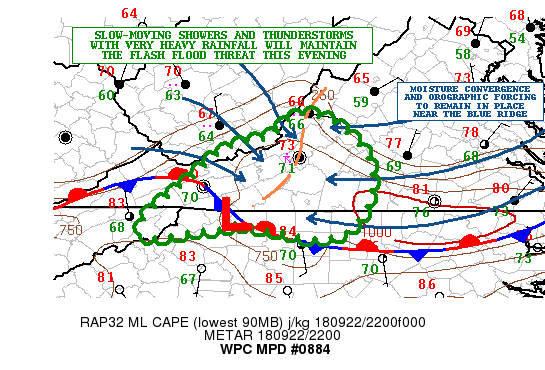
Areas affected...Extreme Northeast TN....Far Northwest NC...Blue
Ridge/Piedmont of Western and Southwest VA

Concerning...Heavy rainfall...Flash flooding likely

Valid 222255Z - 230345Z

Summary...Slow-moving showers and thunderstorms will continue to
develop and focus along and near the Blue Ridge through the
evening hours. Flash flooding will remain likely.

Discussion...Radar imagery shows numerous slow-moving showers and
thunderstorms across the Blue Ridge and adjacent areas of the
Piedmont involving western and southwest VA. The convection has
been  focusing along an inverted trough north of a
quasi-stationary frontal zone where there is a notable axis of
moisture convergence into the higher terrain. Coinciding with the
moisture convergence has also been a weak instability axis with
MLCAPE values of as much as 500 to 750 j/kg as seen in the latest
RAP analysis.

GOES-16 1-minute clean IR satellite imagery has actually been
showing some cooling of the convective tops over the last 30
minutes and suggestive of a bit more organization with stronger
forcing. There is some very modest right-entrance region jet
dynamics aloft which are likely helping to facilitate some of the
ascent, but much of the forcing is tied in with the aforementioned
moisture convergence, instability and orographic ascent.

The PWATs across the region remain a solid 1.5 to 2 standard
deviations above normal with values of 1.5 to 1.6 inches, and this
is expected to continue through the evening and will be conducive
to highly efficient rainfall processes given the focused moisture
convergence.

Rainfall totals again are expected to locally exceed 2 inches/hr,
and the latest HRRR-tle probabilistic guidance suggests this
threat will continue through at least 03Z. The thunderstorm
activity will tend to be maximized over southwest VA, but there
will be a threat also over far northwest NC and extreme northeast
TN closer to the front and where instability profiles are a tad
more favorable along with proximity of higher terrain as well.

Additional rainfall amounts of as much as 4 to 6 inches will be
possible through 03Z which is likely to cause more flash flooding,
and especially given the overall wet antecedent conditions and
locally steep terrain.